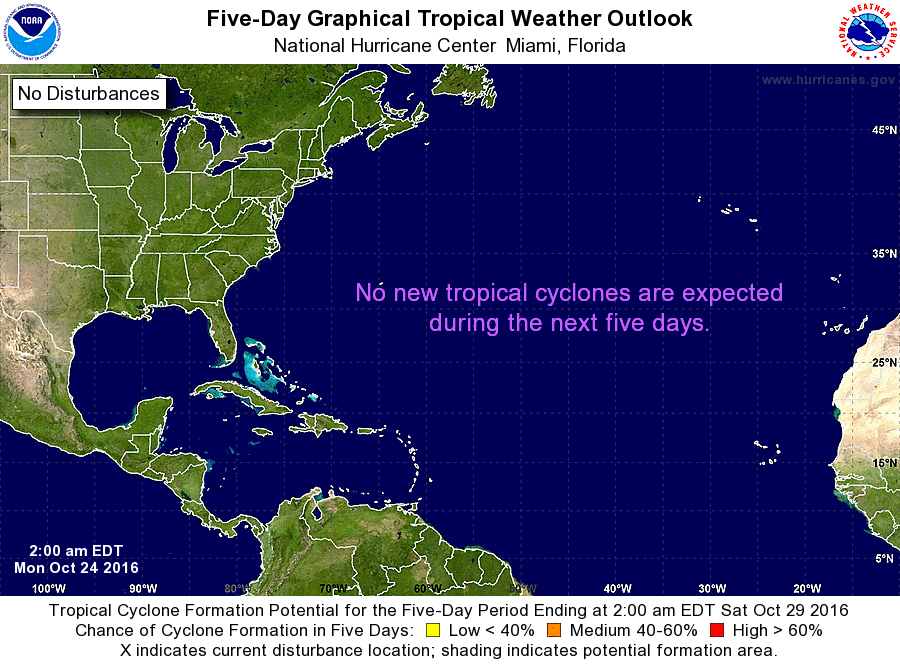
For the North Atlantic...Caribbean Sea and the Gulf of Mexico:

Tropical cyclone formation is not expected during the next 5 days.

Forecaster Brown